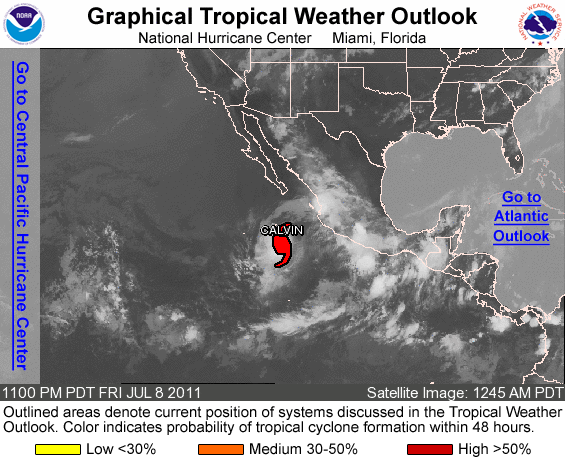
FOR THE EASTERN NORTH PACIFIC...EAST OF 140 DEGREES WEST LONGITUDE..

THE NATIONAL HURRICANE CENTER IS ISSUING ADVISORIES ON HURRICANE CALVIN LOCATED ABOUT 360 MILES SOUTHWEST OF CABO CORRIENTES MEXICO.

ELSEWHERE...TROPICAL CYCLONE FORMATION IS NOT EXPECTED DURING THE NEXT 48 HOURS.

FORECASTER KIMBERLAIN